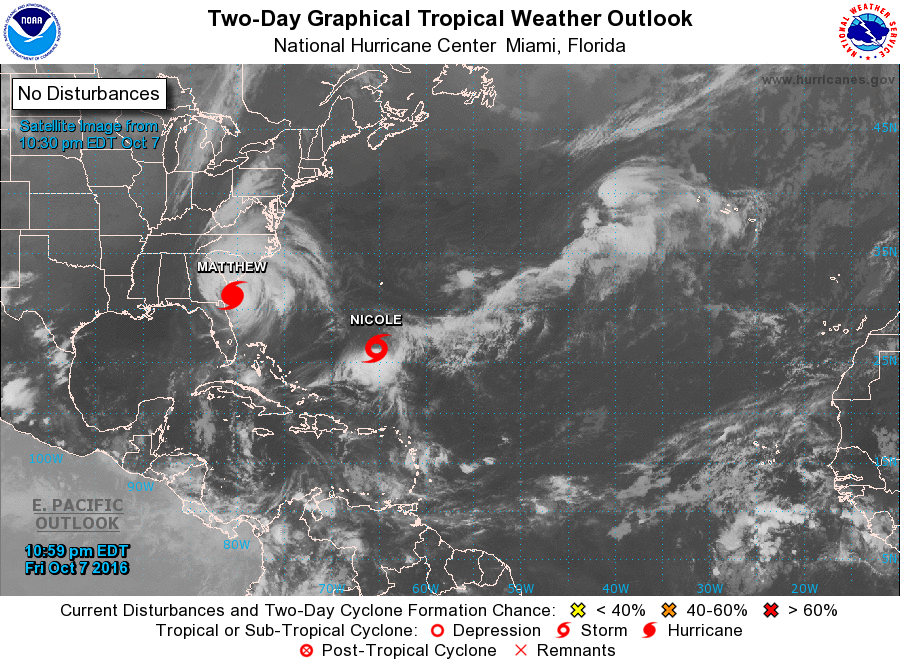
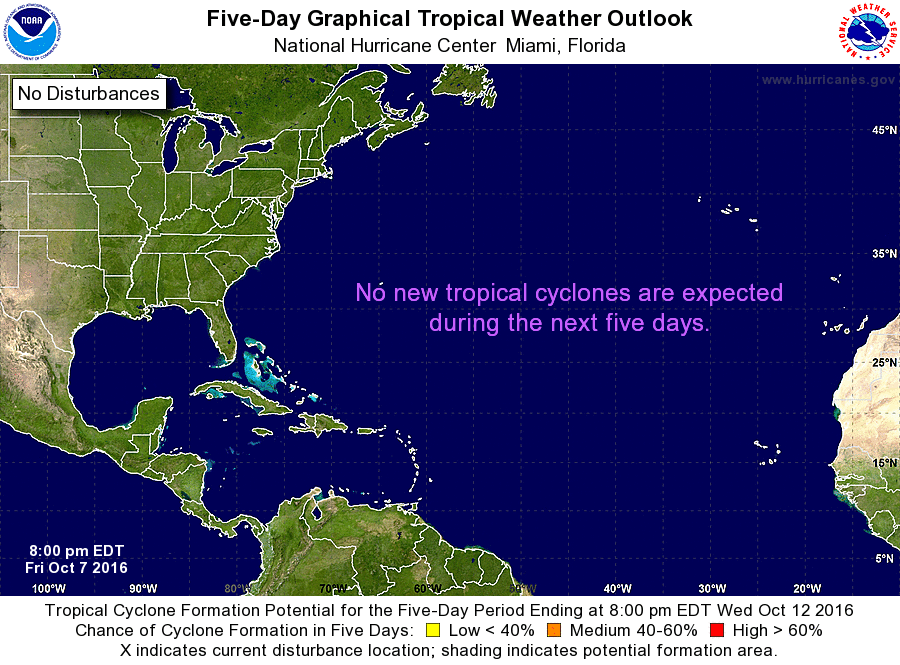
For the North Atlantic...Caribbean Sea and the Gulf of Mexico:

The National Hurricane Center is issuing advisories on Hurricane Matthew, located just offshore of the southeastern United States, and on Tropical Storm Nicole, located a few hundred miles south of Bermuda.

Tropical cyclone formation is not expected during the next 5 days.

Forecaster Blake